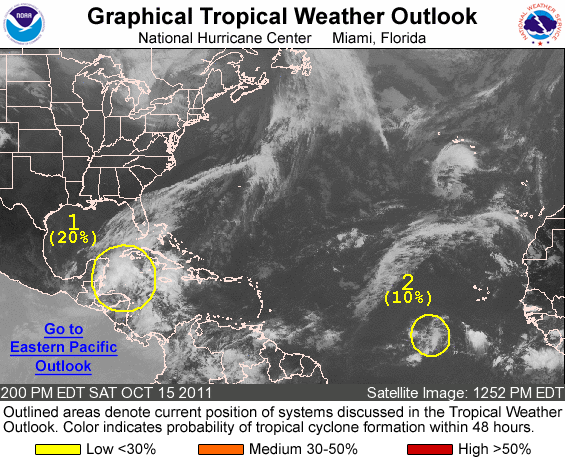
FOR THE NORTH ATLANTIC...CARIBBEAN SEA AND THE GULF OF MEXICO...

1. A BROAD LOW PRESSURE SYSTEM CENTERED JUST EAST OF BELIZE CONTINUES TO PRODUCE A LARGE AREA OF DISORGANIZED SHOWERS AND THUNDERSTORMS ACROSS MUCH OF THE NORTHWESTERN CARIBBEAN SEA AND ADJACENT LAND AREAS. ALTHOUGH SURFACE PRESSURES OVER THE NORTHWESTERN CARIBBEAN SEA HAVE CHANGED LITTLE DURING THE PAST DAY OR SO...SOME DEVELOPMENT OF THIS LOW IS POSSIBLE BEFORE THE CENTER MOVES OVER THE YUCATAN PENINSULA ON SUNDAY. THIS SYSTEM HAS A LOW CHANCE...20 PERCENT...OF BECOMING A TROPICAL CYCLONE DURING THE NEXT 48 HOURS. REGARDLESS OF DEVELOPMENT...THIS DISTURBANCE IS EXPECTED TO PRODUCE LOCALLY HEAVY RAINS OVER THE YUCATAN PENINSULA...CUBA...JAMAICA... AND THE CAYMAN ISLANDS DURING THE NEXT COUPLE OF DAYS. IN ADDITION...STRONG GUSTY WINDS ARE LIKELY OVER THE SOUTHERN GULF OF MEXICO DURING THE NEXT COUPLE OF DAYS.

2. SHOWERS AND THUNDERSTORMS ASSOCIATED WITH AN AREA OF LOW PRESSURE LOCATED ABOUT 800 MILES WEST-SOUTHWEST OF THE CAPE VERDE ISLANDS HAVE DECREASED SINCE THIS MORNING. DEVELOPMENT...IF ANY...OF THIS SYSTEM IS EXPECTED TO BE SLOW TO OCCUR. THIS DISTURBANCE HAS A LOW CHANCE...10 PERCENT...OF BECOMING A TROPICAL CYCLONE DURING THE NEXT 48 HOURS AS IT MOVES WESTWARD AT ABOUT 15 MPH.

ELSEWHERE...TROPICAL CYCLONE FORMATION IS NOT EXPECTED DURING THE NEXT 48 HOURS.

FORECASTER CANGIALOSI/BROWN